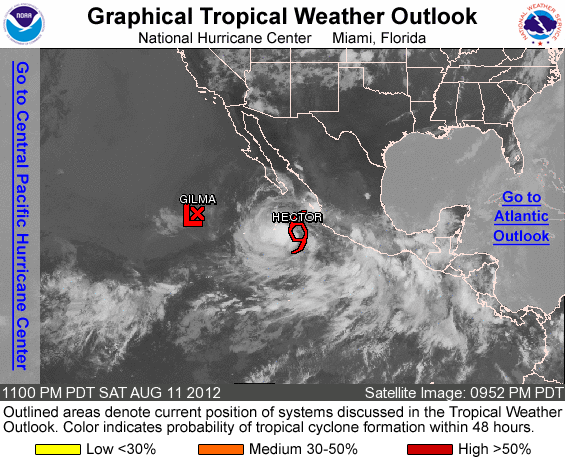
FOR THE EASTERN NORTH PACIFIC...EAST OF 140 DEGREES WEST LONGITUDE..

THE NATIONAL HURRICANE CENTER IS ISSUING ADVISORIES ON RECENTLY UPGRADED TROPICAL STORM HECTOR...LOCATED ABOUT 250 MILES WEST OF MANZANILLO MEXICO.

ELSEWHERE...TROPICAL CYCLONE FORMATION IS NOT EXPECTED DURING THE NEXT 48 HOURS.

&&
PUBLIC ADVISORIES ON TROPICAL STORM HECTOR ARE ISSUED UNDER WMO HEADER WTPZ33 KNHC AND UNDER AWIPS HEADER MIATCPEP3. FORECAST/ADVISORIES ARE ISSUED UNDER WMO HEADER WTPZ23 KNHC AND UNDER AWIPS HEADER MIATCMEP3.

FORECASTER PASCH